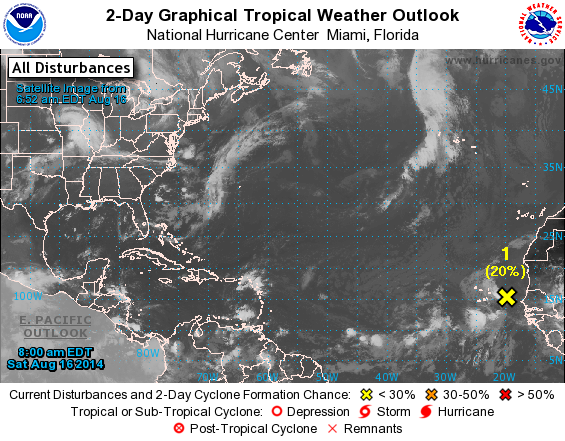
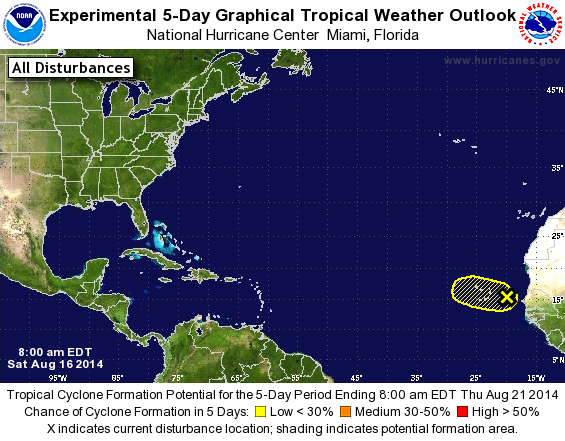
For the North Atlantic...Caribbean Sea and the Gulf of Mexico:

1. Early morning visible satellite images indicate that the shower activity associated with an area of low pressure centered between the west coast of Africa and the Cape Verde Islands has become disorganized. Although the potential for tropical cyclone formation has diminished considerably, the low could still produce a few squalls over the Cape Verde Islands today as it drifts west-northwestward.
* Formation chance through 48 hours...low...20 percent.
* Formation chance through 5 day...low...20 percent.

Forecaster Avila